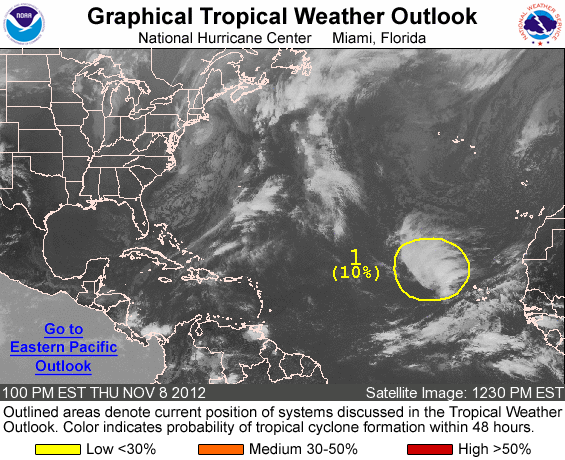
FOR THE NORTH ATLANTIC...CARIBBEAN SEA AND THE GULF OF MEXICO...

1. AN AREA OF CLOUDINESS AND THUNDERSTORMS HAS DEVELOPED ABOUT 600 MILES WEST-NORTHWEST OF THE CAPE VERDE ISLANDS IN ASSOCIATION WITH A SURFACE TROUGH OF LOW PRESSURE AND A UPPER-LEVEL LOW PRESSURE AREA. ANY ADDITIONAL DEVELOPMENT SHOULD BE SLOW TO OCCUR...AND THIS SYSTEM HAS A LOW CHANCE...10 PERCENT...OF BECOMING A TROPICAL CYCLONE DURING THE NEXT 48 HOURS.

ELSEWHERE...TROPICAL CYCLONE FORMATION IS NOT EXPECTED DURING THE NEXT 48 HOURS.

FORECASTER BEVEN